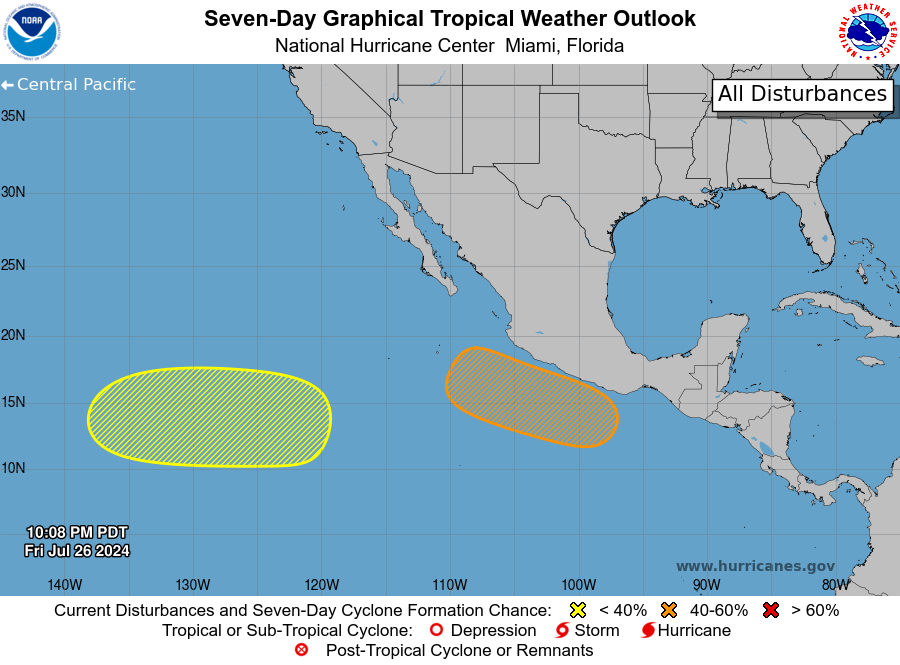
For the eastern North Pacific...east of 140 degrees west longitude:

1. South of Southern Mexico: An area of low pressure is forecast to form by the middle of next week a few hundred miles south of the coast of southern Mexico. Environmental conditions appear conducive for gradual development of this system, and a tropical depression could form during the middle or latter part of next week. This system is forecast to move west-northwestward at 10 to 15 mph, roughly parallel to the coast of southwestern Mexico.
* Formation chance through 48 hours...low...near 0 percent.
* Formation chance through 7 days...medium...40 percent.

2. Western East Pacific: Another area of low pressure could form by the middle of next week well to the southwest of the southern tip of the Baja California Peninsula. Some slow development of this system is possible during the middle and latter parts of next week while it moves westward to west-northwestward across the western portion of the basin.
* Formation chance through 48 hours...low...near 0 percent.
* Formation chance through 7 days...low...20 percent.

Forecaster Reinhart